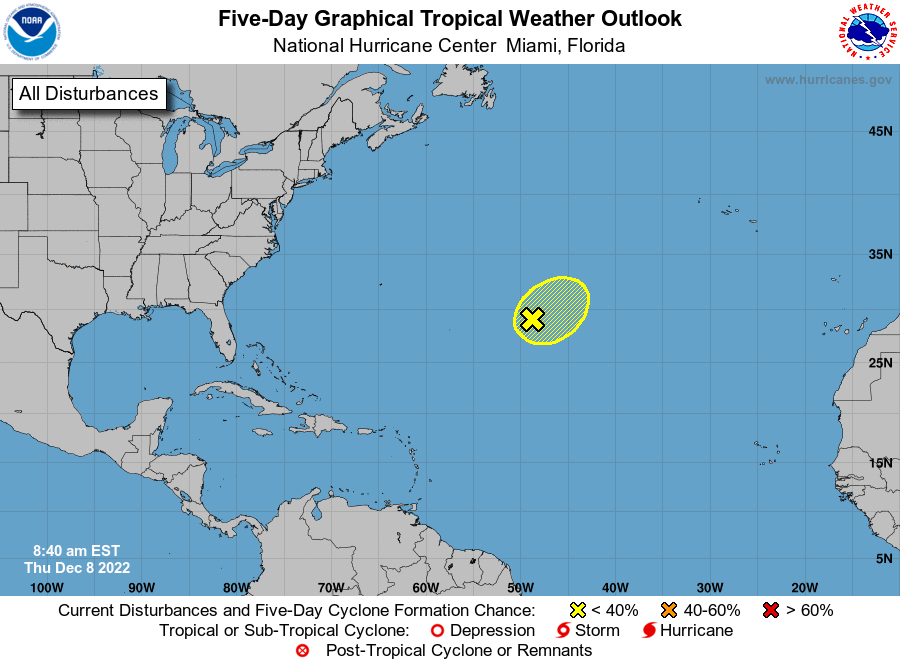
For the North Atlantic...Caribbean Sea and the Gulf of Mexico:

Special Tropical Weather Outlook issued to discuss the potential for subtropical development over the central Atlantic.

1. Central Subtropical Atlantic: A non-tropical low pressure area located about 925 miles east-southeast of Bermuda continues to produce an extensive area of showers and thunderstorms. However, the system remains embedded within a frontal zone, which is expected to become even more pronounced later today as the low begins to move east-northeastward at 20 to 25 mph toward colder waters and interacts with a mid-latitude trough. Therefore, it is unlikely that the low will transition to a subtropical or tropical cyclone. Nevertheless, significant non-tropical development of this low is expected during the next couple of days, and additional information, including hurricane-force wind warnings, can be found in High Seas Forecasts issued by the National Weather Service.

This will be the last Special Tropical Weather Outlook issued on this system. Regularly scheduled Tropical Weather Outlooks will resume on May 15, 2023, while Special Tropical Weather Outlooks will be issued as necessary during the off-season.
* Formation chance through 48 hours...low...10 percent.
* Formation chance through 5 days...low...10 percent.

High Seas Forecasts issued by the National Weather Service can be found under AWIPS header NFDHSFAT1, WMO header FZNT01 KWBC, and online at ocean.weather.gov/shtml/NFDHSFAT1.php

Forecaster Brown